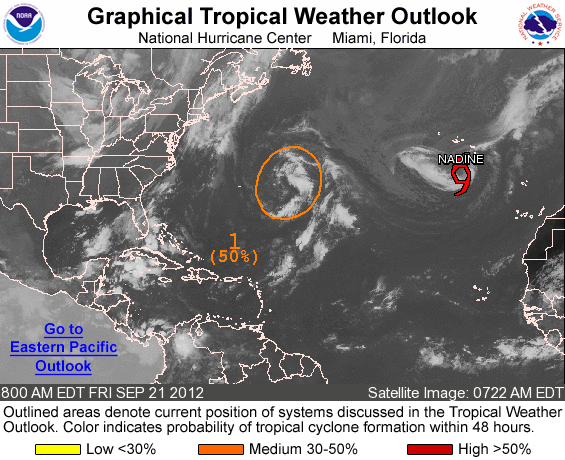
FOR THE NORTH ATLANTIC...CARIBBEAN SEA AND THE GULF OF MEXICO...

THE NATIONAL HURRICANE CENTER IS ISSUING ADVISORIES ON TROPICAL STORM NADINE...LOCATED ABOUT 215 MILES SOUTH OF THE AZORES.

1. SHOWER AND THUNDERSTORM ACTIVITY ASSOCIATED WITH A NON-TROPICAL LOW PRESSURE SYSTEM LOCATED ABOUT 450 MILES EAST OF BERMUDA HAS CHANGED LITTLE IN ORGANIZATION OVERNIGHT. SOME DEVELOPMENT IS POSSIBLE TODAY BEFORE THE LOW ENCOUNTERS COOLER WATERS ON SATURDAY. THIS SYSTEM HAS A MEDIUM CHANCE...50 PERCENT...OF BECOMING A SUBTROPICAL CYCLONE DURING THE NEXT 48 HOURS AS IT MOVES WEST-NORTHWESTWARD AT ABOUT 10 MPH.

ADDITIONAL INFORMATION ON THIS SYSTEM CAN BE FOUND IN HIGH SEAS FORECASTS ISSUED BY THE NATIONAL WEATHER SERVICE.

ELSEWHERE...TROPICAL CYCLONE FORMATION IS NOT EXPECTED DURING THE NEXT 48 HOURS.

&&
HIGH SEAS FORECASTS ISSUED BY THE NATIONAL WEATHER SERVICE CAN BE FOUND UNDER AWIPS HEADER NFDHSFAT1 AND WMO HEADER FZNT01 KWBC.

FORECASTER BLAKE